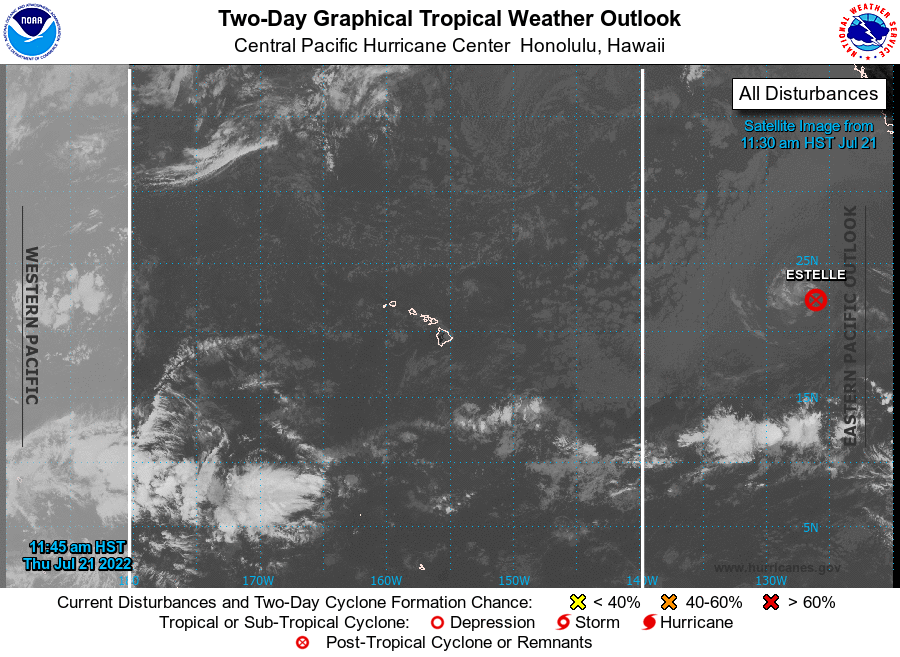
For the central North Pacific...between 140W and 180W:

No tropical cyclones are expected during the next 5 days.

Forecaster Kino